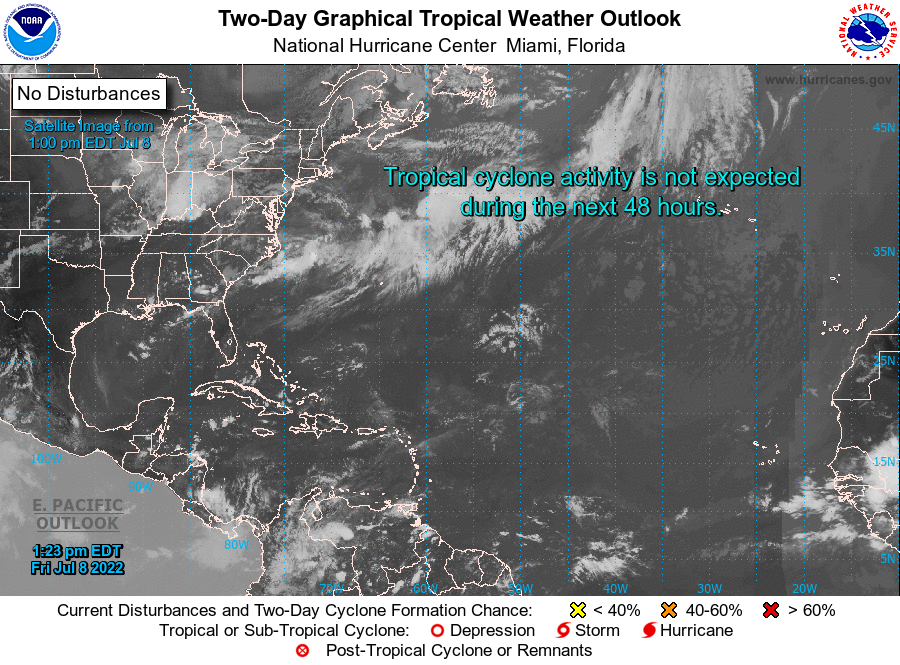
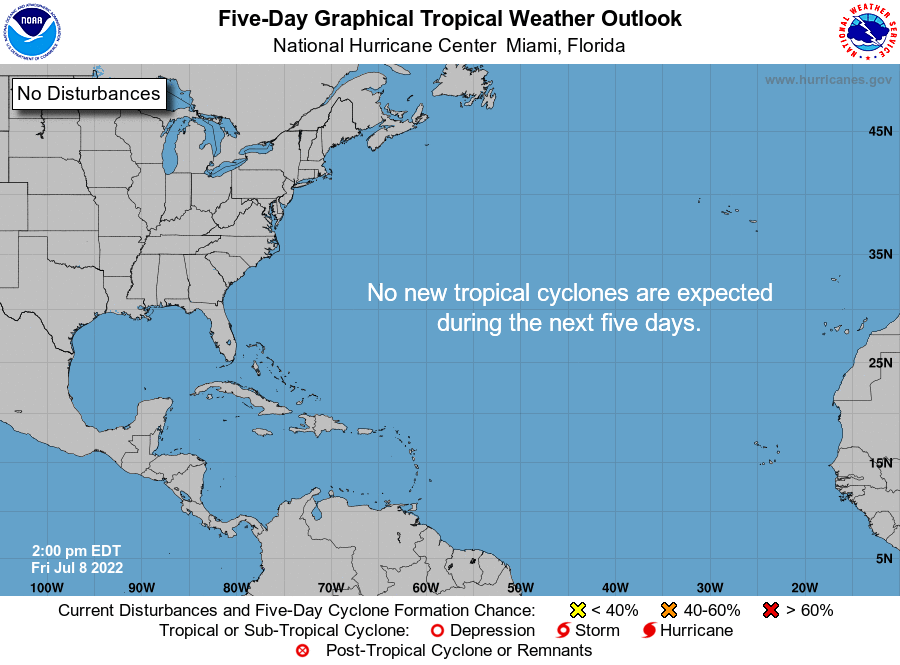
For the North Atlantic...Caribbean Sea and the Gulf of Mexico:

Tropical cyclone formation is not expected during the next 5 days.

Forecaster Berg